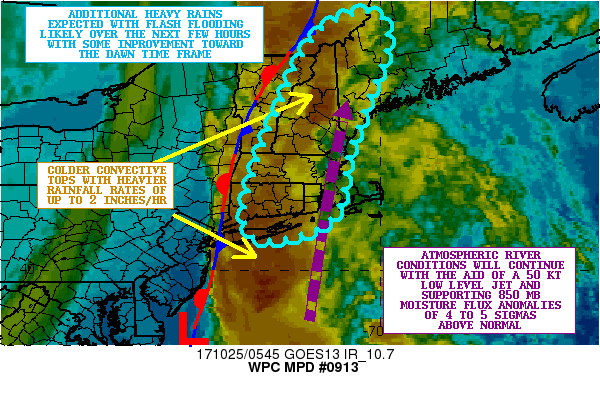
AREAS AFFECTED...LONG ISLAND...CT...RI...MA...NH...WESTERN ME

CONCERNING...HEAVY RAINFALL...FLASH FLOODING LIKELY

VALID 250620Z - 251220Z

SUMMARY...PERSISTENT BANDS OF HEAVY RAIN ARE EXPECTED TO CONTINUE
TO LIFT NORTH ACROSS PARTS OF LONG ISLAND AND NEW ENGLAND THROUGH
THE EARLY MORNING HOURS. FLASH FLOODING IS LIKELY.

DISCUSSION...THE LATEST GOES-EAST IR SATELLITE IMAGERY LOOP
CONTINUES TO SHOW AN ELONGATED N/S AXIS OF HEAVY SHOWERS AND
EMBEDDED THUNDERSTORMS IMPACTING A LARGE AREA OF INTERIOR NEW
ENGLAND. SOME OF THE COLDEST CONVECTIVE TOPS ARE CURRENTLY NOTED
OVER PARTS OF CENTRAL AND NORTHERN NH AND ALSO SOUTH OF LONG
ISLAND. THE ACTIVITY CONTINUES TO FOCUS ALONG AND JUST AHEAD OF A
QUASI-STATIONARY FRONTAL ZONE THAT IS ALIGNED GENERALLY PARALLEL
TO THE DEEPER LAYER SOUTHERLY FLOW AROUND THE EASTERN FLANK OF A
DEEP LAYER TROUGH OVER THE GREAT LAKES AND OH VALLEY. THE LATEST
RAP ANALYSIS IS SHOWING A PERSISTENT AND STRONG DEGREE OF LOW
LEVEL CONVERGENCE WITH ENHANCED MOISTURE TRANSPORT AIDED BY A 50
KT SOUTHERLY LOW LEVEL JET.

ATMOSPHERIC RIVER CONDITIONS ARE WELL ESTABLISHED ACROSS THE
REGION WITH A LONG-FETCH AXIS OF PWATS EXCEEDING 1.75 INCHES OFF
THE EAST COAST AIMED INTO SOUTHERN NEW ENGLAND ALONG WITH 850 MB
MOISTURE FLUX ANOMALIES OF A HIGHLY IMPRESSIVE 4 TO 5 SIGMAS ABOVE
NORMAL. THIS COUPLED WITH RELATIVELY CONCENTRATED MOISTURE IN THE
500/300 MB LAYER AS PER 03Z CIRA-LPW DATA IS RESULTING IN
EFFICIENT RAINFALL PROCESSES FOR ENHANCED RAIN RATES THAT ARE
OCCASIONALLY REACHING 2 INCHES/HR. LOCALLY ENHANCED OROGRAPHIC
ASCENT OVER THE HIGHER TERRAIN IS ALSO PROMOTING HEAVIER RATES.

THERE WILL LIKELY CONTINUE TO BE A GENERAL N/S AXIS OF HEAVY AND
OCCASIONALLY TRAINING SHOWERS AND THUNDERSTORMS OVERNIGHT AND
THROUGH DAWN THAT WILL IMPACT A LARGER AREA OF INTERIOR NEW
ENGLAND ALTHOUGH WITH A GRADUAL EASTWARD SHIFT OF THE CONVECTIVE
AXIS AS PER THE 00Z HIRES ARW/NMMB AND NSSL-WRF SOLUTIONS AND
RECENT HRRR TRENDS. THIS WILL BE A RESULT OF THE LARGER SCALE
TROUGH AXIS GRADUALLY SHIFT FARTHER EAST.

THE MOISTURE TRANSPORT VALUES ALSO SHOULD TEND TO SLACKEN IN THE
09Z TO 12Z TIME PERIOD WHICH SHOULD PROMOTE A BIT OF SLACKENING OF
THE RAIN RATES GOING TOWARD DAWN. VERY WEAK INSTABILITY PARAMETERS
WILL ALSO SUPPORT THIS TREND.

NEVERTHELESS...ADDITIONAL RAINFALL AMOUNTS OF AS MUCH AS 2 TO 3
INCHES CAN BE EXPECTED...WITH ISOLATED HEAVIER AMOUNTS OVER THE
HIGHER TERRAIN WHERE STRONGER OROGRAPHICS WILL BE IN PLACE. THIS
WILL LIKELY PROMOTE MORE FLASH FLOODING AND ESPECIALLY OVER AREAS
THAT HAVE ALREADY BEEN SEEING TRAINING BANDS OF HEAVY RAINFALL
THROUGH THE EVENING. WILL CONTINUE TO MONITOR...BUT IT IS AGAIN
EXPECTED THAT CONDITIONS WILL IMPROVE A BIT TOWARD DAWN.